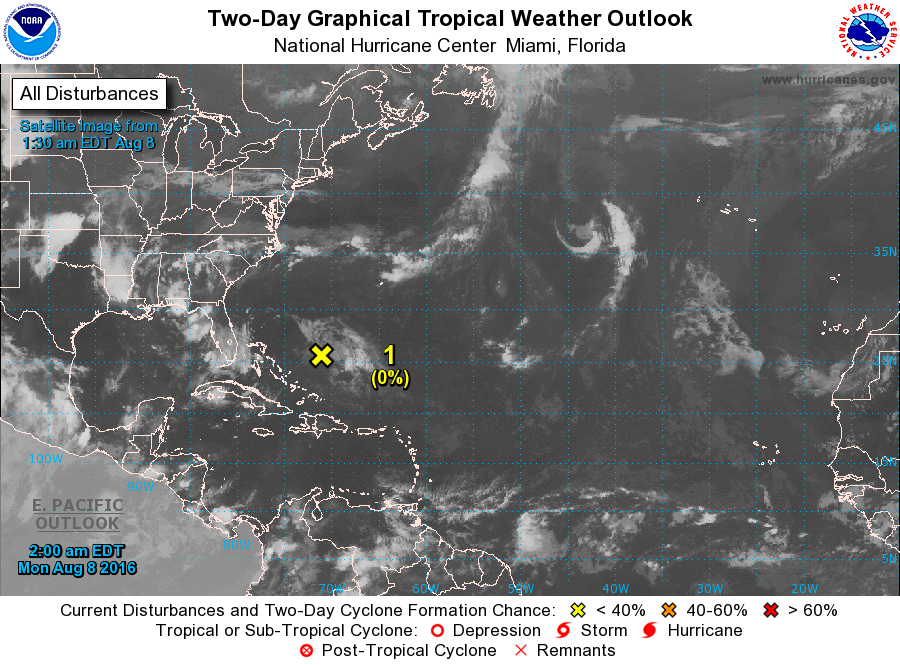
For the North Atlantic...Caribbean Sea and the Gulf of Mexico:

1. Disorganized cloudiness and showers located a few hundred miles east of the Bahamas are associated with a mid-level trough. There are no signs of a surface circulation, and development, if any, of this system is expected to be slow to occur while it moves generally northward off of the coast of the southeastern United States.
* Formation chance through 48 hours...low...near 0 percent
* Formation chance through 5 days...low...10 percent

Forecaster Blake